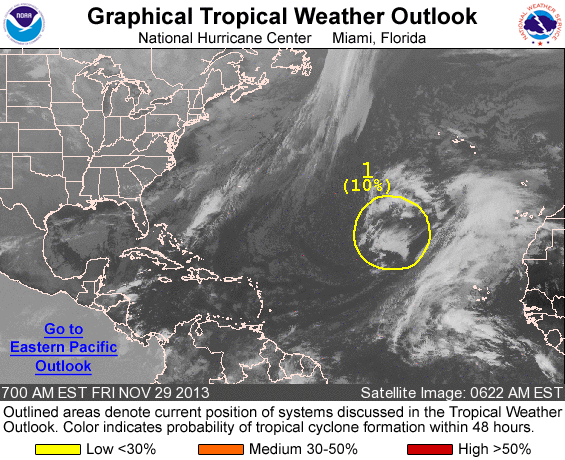
FOR THE NORTH ATLANTIC...CARIBBEAN SEA AND THE GULF OF MEXICO...

1. A NON-TROPICAL LOW PRESSURE SYSTEM LOCATED OVER THE EASTERN ATLANTIC OCEAN ABOUT MIDWAY BETWEEN THE LESSER ANTILLES AND THE AZORES IS PRODUCING SOME DISORGANIZED SHOWER AND THUNDERSTORM ACTIVITY. DEVELOPMENT...IF ANY...OF THIS SYSTEM AS A SUBTROPICAL CYCLONE IS EXPECTED TO BE SLOW WHILE IT MOVES GENERALLY NORTHEASTWARD DURING THE NEXT SEVERAL DAYS. THIS SYSTEM HAS A LOW CHANCE...10 PERCENT... OF BECOMING A SUBTROPICAL CYCLONE DURING THE NEXT 48 HOURS...AND A LOW CHANCE...10 PERCENT...OF BECOMING A SUBTROPICAL CYCLONE DURING THE NEXT 5 DAYS.

ADDITIONAL INFORMATION ON THIS SYSTEM CAN BE FOUND IN HIGH SEAS FORECASTS ISSUED BY THE NATIONAL WEATHER SERVICE.

HIGH SEAS FORECASTS ISSUED BY THE NATIONAL WEATHER SERVICE ARE FOUND UNDER AWIPS HEADER NFDHSFAT1 AND WMO HEADER FZNT01 KWBC.

FIVE-DAY FORMATION PROBABILITIES ARE EXPERIMENTAL IN 2013. COMMENTS ON THE EXPERIMENTAL FORECASTS CAN BE PROVIDED AT...

HTTP://WWW.NWS.NOAA.GOV/SURVEY/NWS-SURVEY.PHP?CODE=ETWO

FORECASTER BRENNAN